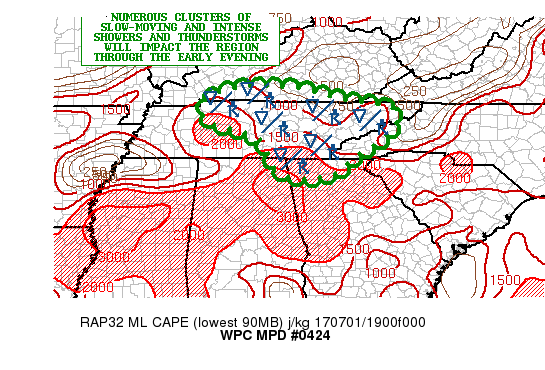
AREAS AFFECTED...FAR SOUTHERN KY...CENTRAL/EASTERN TN...WESTERN
NC...NORTHWEST GA...FAR NORTHEAST AL

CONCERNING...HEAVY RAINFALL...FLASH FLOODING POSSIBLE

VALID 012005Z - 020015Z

SUMMARY...RELATIVELY SLOW-MOVING CLUSTERS OF SHOWERS AND
THUNDERSTORMS WITH INTENSE RAINFALL RATES MAY RESULT IN SOME FLASH
FLOODING THROUGH LATE AFTERNOON.

DISCUSSION...EXPERIMENTAL GOES-16 10.3 MICRON/IR IMAGERY SHOWS A
CONTINUED COOLING OF CONVECTIVE TOPS OVER AREAS OF SOUTHEAST TN
AND GENERALLY NEAR AND JUST SOUTHEAST OF THE CUMBERLAND PLATEAU AS
DIURNAL HEATING AND A MOISTURE-RICH BOUNDARY LAYER CONTRIBUTES TO
A MODERATELY UNSTABLE AIRMASS CHARACTERIZED BY MLCAPE VALUES OF
2000 TO 2500 J/KG. PWATS OF 1.7 TO 1.9 INCHES ARE IN PLACE AND
THIS WILL CONTRIBUTE TO ENHANCED RAINFALL RATES THAT MAY APPROACH
2.5 INCHES/HR.

THE CONVECTION IS FOCUSING WITHIN A BROADLY CONFLUENT LOW LEVEL
FLOW REGIME AND ALSO BEING AIDED BY SOME VERY MODEST
RIGHT-ENTRANCE REGION JET DYNAMICS ASSOCIATED WITH THE SOUTHERN
TAIL OF THE UPPER TROUGH LIFTING THROUGH THE UPPER OH VALLEY AND
LOWER GREAT LAKES REGION.

THE LATEST RADAR TRENDS ALSO SHOW SOME CLUSTERS OF CONVECTION
DEVELOPING FARTHER NORTH UP ACROSS PARTS OF FAR SOUTHERN KY AND
NORTHERN TN. OVER THE NEXT FEW HOURS ALL OF THESE CLUSTERS OF
CONVECTION WILL TEND TO CONTINUE TO ORGANIZE LOOSELY WITHIN A
MOIST/UNSTABLE BOUNDARY LAYER AND ABOUT 20 TO 30 KTS OF EFFECTIVE
BULK SHEAR WHILE ADVANCING SLOWLY EAST-SOUTHEAST.

EXPECT RAINFALL TOTALS THROUGH 00Z OF 2 TO 4 INCHES TO BE POSSIBLE
ACROSS THE THREAT AREA...WITH ISOLATED HEAVIER AMOUNTS TO NEAR 5
INCHES. FFG VALUES ACROSS AREAS OF THE CUMBERLAND PLATEAU AND
ADJACENT TERRAIN OF EASTERN TN/NORTHWEST GA AND FAR WESTERN NC ARE
RELATIVELY LOW AND WITH THE INTENSE RATES...SOME
CELL-MERGERS...AND SLOW FORWARD PROPAGATION...THERE MAY BE SOME
RUNOFF PROBLEMS AND POTENTIAL FLASH FLOODING. THE PROXIMITY OF
HIGHER TERRAIN WILL FURTHER ENHANCE THE RUNOFF CONCERNS.